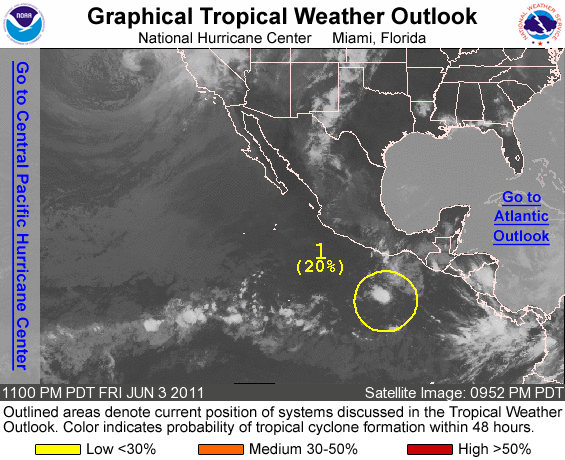
FOR THE EASTERN NORTH PACIFIC...EAST OF 140 DEGREES WEST LONGITUDE..

1. SHOWERS AND THUNDERSTORMS HAVE BECOME A LITTLE MORE CONCENTRATED NEAR THE CENTER OF A BROAD LOW PRESSURE AREA LOCATED SEVERAL HUNDRED MILES SOUTH-SOUTHEAST OF ACAPULCO MEXICO. ENVIRONMENTAL CONDITIONS COULD SUPPORT SOME SLOW DEVELOPMENT OF THIS SYSTEM DURING THE NEXT COUPLE OF DAYS. THERE IS A LOW CHANCE...20 PERCENT...OF THIS SYSTEM BECOMING A TROPICAL CYCLONE DURING THE NEXT 48 HOURS AS THE LOW REMAINS NEARLY STATIONARY.

ELSEWHERE...TROPICAL CYCLONE FORMATION IS NOT EXPECTED DURING THE NEXT 48 HOURS.

FORECASTER BLAKE